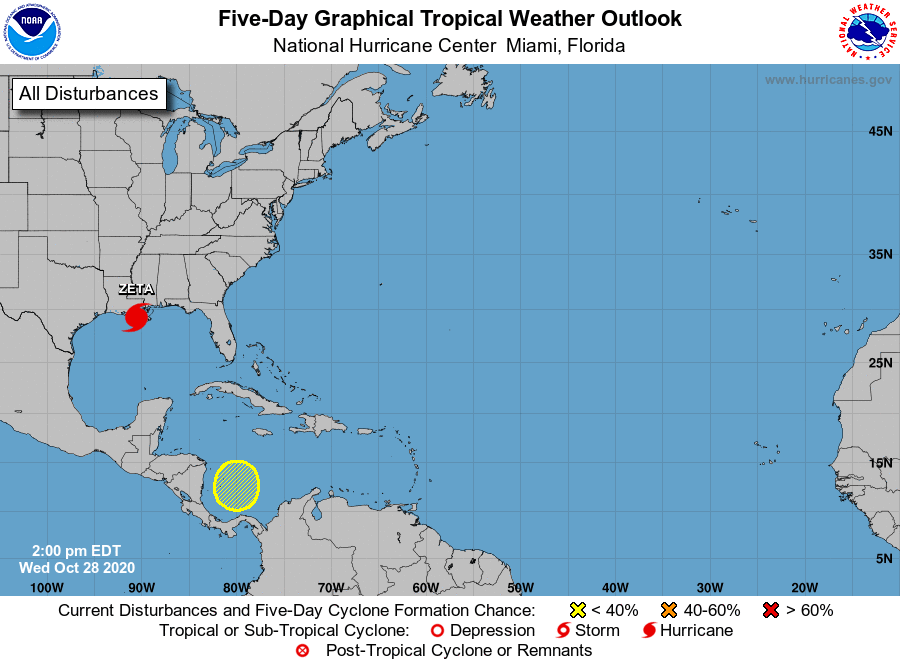
For the North Atlantic...Caribbean Sea and the Gulf of Mexico:

The National Hurricane Center is issuing advisories on Hurricane Zeta, located over the north-central Gulf of Mexico.

1. A broad area of low pressure is expected to form over the southwestern Caribbean Sea during the next few days. Some slow development of this system is possible over the weekend or early next week while it is nearly stationary over the southwestern Caribbean Sea.
* Formation chance through 48 hours...low...near 0 percent.
* Formation chance through 5 days...low...20 percent.

Forecaster Berg